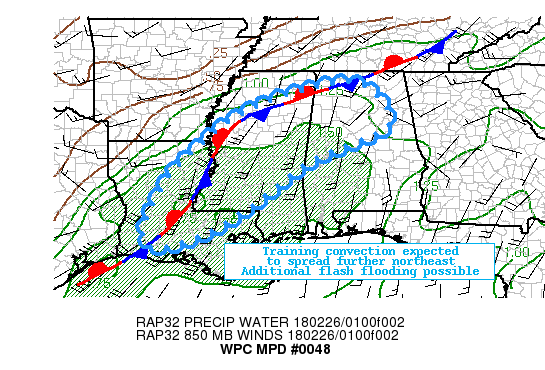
AREAS AFFECTED...LA...CENTRAL MS...CENTRAL AND NORTHERN AL

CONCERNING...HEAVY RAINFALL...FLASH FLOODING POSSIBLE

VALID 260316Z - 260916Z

SUMMARY...TRAINING HEAVY RAINS WITH FLASH FLOODING CONTINUE TO
OCCUR ACROSS PORTIONS OF CENTRAL LA INTO CENTRAL MS.  THESE RAINS
ARE EXPECTED TO MOVE FURTHER NORTHEAST THROUGH THE REMAINDER OF
THE EVENING INTO THE OVERNIGHT HOURS.

DISCUSSION...MOISTURE AND INSTABILITY HAS CONTINUED TO INCREASE
THOUGH THE LATE AFTERNOON INTO THE EVENING HOURS AHEAD OF A
SHORTWAVE NOW MOVING ACROSS THE SOUTHERN PLAINS.  DEEP
SOUTHWESTERLY FLOW AHEAD OF THE WAVE IS EXPECTED TO SUSTAIN PWS OF
1.25 TO 1.75 INCHES ALONG AND SOUTH OF A SLOW MOVING FRONTAL
BOUNDARY EXTENDING SOUTHWEST FROM THE TN VALLEY TO THE WESTERN
GULF COAST.  THIS INCREASE IN MOISTURE AND INSTABILITY, ALONG WITH
SUSTAINED LIFT PROVIDED ALONG THE RIGHT-ENTRANCE REGION OF THE
UPPER JET, IS EXPECTED TO SUPPORT TRAINING CONVECTION INTO THE
OVERNIGHT HOURS, WITH LOCALLY HEAVY AMOUNTS POSSIBLE WITHIN THE
HIGHLIGHTED REGION.  RECENT RUNS OF THE HRRR HAVE SHOWN A TREND
NORTH WITH THEIR AXES OF HEAVIER AMOUNTS, SHOWING WIDESPREAD
COVERAGE OF 1-2 INCHES, WITH LOCALLY HEAVIER TOTALS FOR THE 6-HR
PERIOD ENDING 9Z.  THIS INCLUDES AREAS WHERE THE MOST RECENT 3-HR
FLASH GUIDANCE VALUES ARE 2-3 INCHES -- SUGGESTING RAPID RUNOFFS
MAY OCCUR WHERE HEAVY RAINS MATERIALIZE.